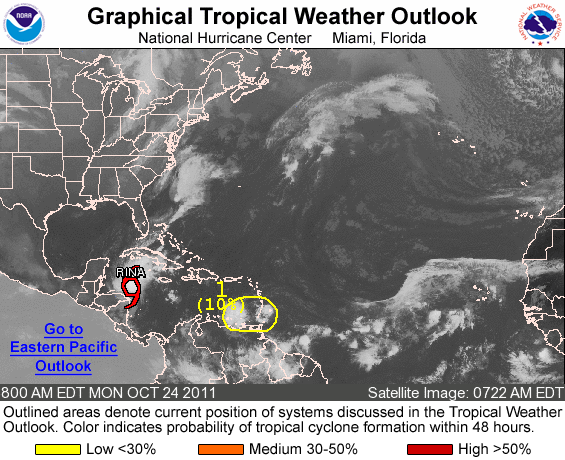
FOR THE NORTH ATLANTIC...CARIBBEAN SEA AND THE GULF OF MEXICO...

THE NATIONAL HURRICANE CENTER IS ISSUING ADVISORIES ON TROPICAL STORM RINA...LOCATED ABOUT 135 MILES NORTH-NORTHEAST OF THE NICARAGUA-HONDURAS BORDER.

1. A BROAD LOW PRESSURE AREA OVER THE EXTREME SOUTHEASTERN CARIBBEAN SEA IS PRODUCING DISORGANIZED SHOWERS AND THUNDERSTORMS OVER THE WINDWARD ISLANDS...BONAIRE...AND CURACAO. THESE SHOWERS AND THUNDERSTORMS COULD PRODUCE PERIODS OF LOCALLY HEAVY RAINFALL AND GUSTY WINDS TODAY AND TONIGHT. UPPER-LEVEL WINDS ARE ONLY MARGINALLY CONDUCIVE FOR DEVELOPMENT AND THIS SYSTEM HAS A LOW CHANCE...10 PERCENT...OF BECOMING A TROPICAL CYCLONE DURING THE NEXT 48 HOURS AS IT MOVES WEST-NORTHWESTWARD AT ABOUT 10 MPH.

ELSEWHERE...TROPICAL CYCLONE FORMATION IS NOT EXPECTED DURING THE NEXT 48 HOURS.

FORECASTER ROBERTS/BROWN